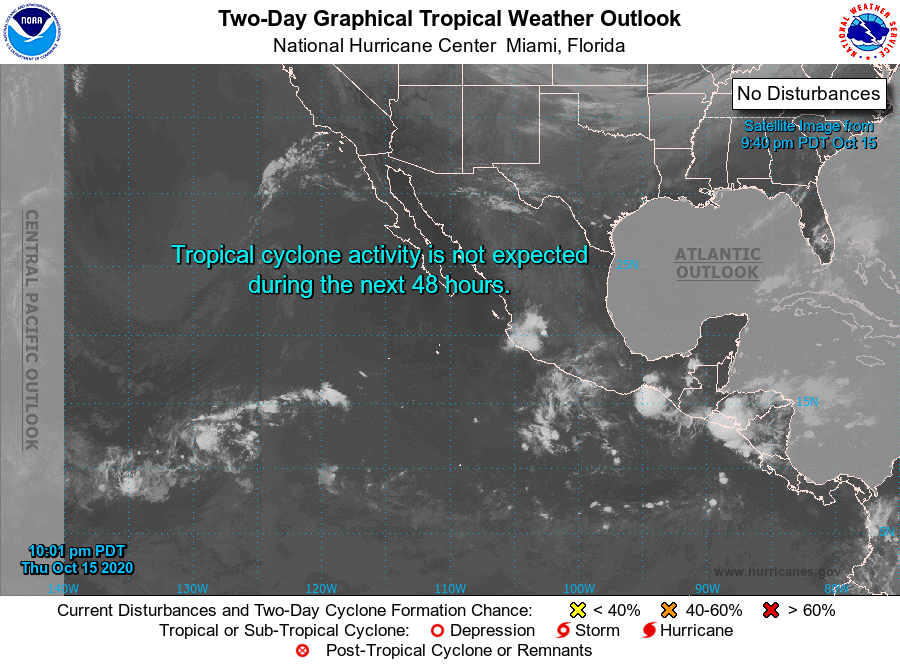
For the eastern North Pacific...east of 140 degrees west longitude:

Tropical cyclone formation is not expected during the next 5 days.

Forecaster Berg